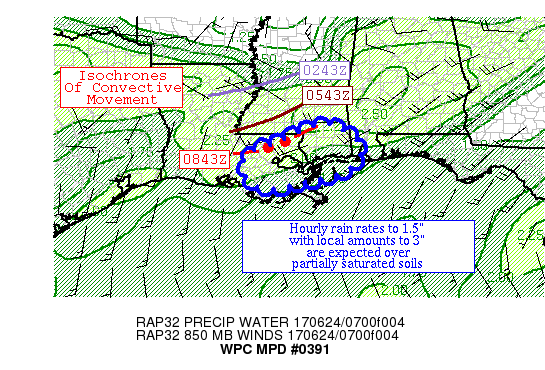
AREAS AFFECTED...SOUTHEAST LA, SOUTHERN MS, AND SOUTHERNMOST AL

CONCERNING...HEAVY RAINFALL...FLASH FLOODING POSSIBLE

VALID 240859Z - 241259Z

SUMMARY...A SLOWING LINE OF THUNDERSTORMS IS CLOSING IN ON THE
CENTRAL GULF COAST.  HOURLY RAIN RATES UP TO 1.5", WITH LOCAL
AMOUNTS TO 3", COULD CAUSE ISSUES OVER PARTIALLY SATURATED TO
SATURATED SOILS.

DISCUSSION...THUNDERSTORMS CONTINUE THEIR SOUTHEAST MARCH INTO
SOUTHEAST LA AND SOUTHERN MS.  INFLOW AT 850 HPA IS 15-20 KTS FROM
THE WEST-SOUTHWEST.  PRECIPITABLE WATER VALUES OF 2-2.2" EXIST
HERE PER GPS DATA.  EFFECTIVE BULK SHEAR OF 25 KTS IS ADVERTISED
BY RECENT SPC MESOANALYSES.  MUCAPE VALUES ARE 1000-3000 J/KG.

THE MESOSCALE GUIDANCE, OUTSIDE OF THE 00Z SPC WRF AND 07Z HRRR,
HAS COMPLETELY MISSED OUT ON THIS ACTIVITY OR IS WAY TOO SLOW IN
THEIR FORWARD PROGRESSION.  SHOWERS AND THUNDERSTORMS SHOULD
CONTINUE TO DEVELOP AHEAD OF THE LINE AND MERGE IN, ENHANCING
HOURLY RAIN RATES FROM TIME TO TIME.  HOURLY RAIN RATES UP TO 1.5"
ARE EXPECTED, WITH LOCAL AMOUNTS TO 3".  CONSIDERING RAINFALL OVER
THE PAST FEW DAYS, SOILS ARE PARTIALLY TO COMPLETELY SATURATED.
THIS DEGREE OF RAINFALL COULD BE PROBLEMATIC.